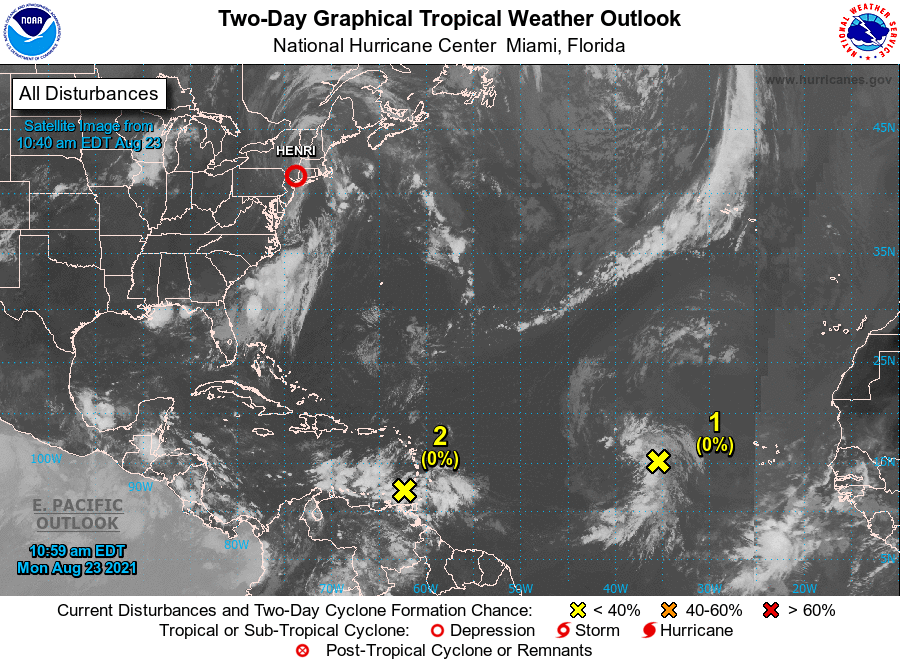
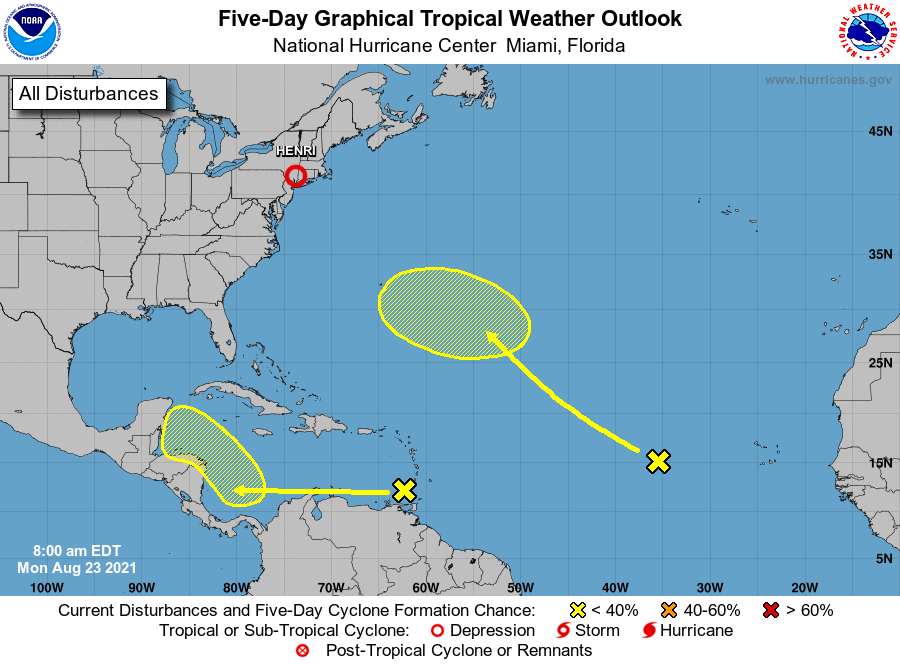
For the North Atlantic...Caribbean Sea and the Gulf of Mexico:

The Weather Prediction Center is issuing Public Advisories on Tropical Depression Henri, located inland over southern New England.

1. A broad low pressure system is producing disorganized showers and thunderstorms over the eastern tropical Atlantic more than 700 miles west of the Cabo Verde Islands. Little development is expected during the next couple of days due to only marginally conducive ocean temperatures. Thereafter, however, some gradual development is possible by the middle to latter part of the week while the system moves northwestward at 10 to 15 mph over the central Atlantic.
* Formation chance through 48 hours...low...near 0 percent.
* Formation chance through 5 days...low...30 percent.

2. A tropical wave located over the eastern Caribbean Sea is expected to form a broad area of low pressure over the southwestern Caribbean Sea by late week. Thereafter, environmental conditions are forecast to become favorable for gradual development while the system moves west-northwestward over the northwestern Caribbean Sea.
* Formation chance through 48 hours...low...near 0 percent.
* Formation chance through 5 days...low...30 percent.

Public advisories issued by the Weather Prediction Center on Tropical Depression Henri can be found under AWIPS header TCPAT3, WMO header WTNT33 KWNH, and on the web at http://www.wpc.ncep.noaa.gov

Forecaster Stewart